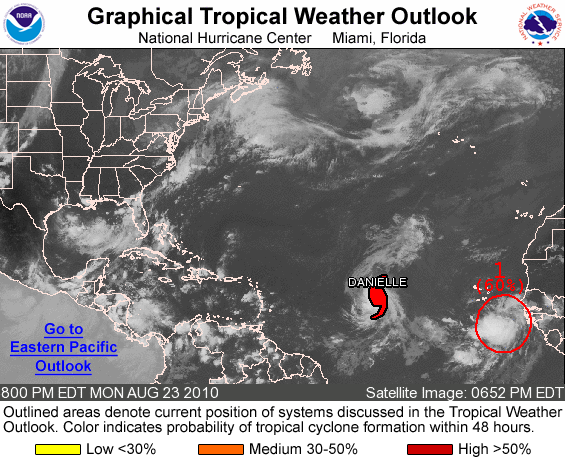
FOR THE NORTH ATLANTIC...CARIBBEAN SEA AND THE GULF OF MEXICO...

THE NATIONAL HURRICANE CENTER IS ISSUING ADVISORIES ON RECENTLY UPGRADED HURRICANE DANIELLE...LOCATED ABOUT 1320 MILES EAST OF THE LESSER ANTILLES.

1. A BROAD AREA OF LOW PRESSURE ASSOCIATED WITH A TROPICAL WAVE LOCATED ABOUT 350 MILES SOUTHEAST OF THE CAPE VERDE ISLANDS CONTINUES TO SHOW SIGNS OF ORGANIZATION. THIS SYSTEM COULD BECOME A TROPICAL DEPRESSION DURING THE NEXT DAY OR TWO AS IT MOVES WESTWARD OR WEST-NORTHWESTWARD AT ABOUT 15 MPH. THERE IS A HIGH CHANCE...60 PERCENT...OF THIS SYSTEM BECOMING A TROPICAL CYCLONE DURING THE NEXT 48 HOURS.

ELSEWHERE...TROPICAL CYCLONE FORMATION IS NOT EXPECTED DURING THE NEXT 48 HOURS.

FORECASTER CANGIALOSI